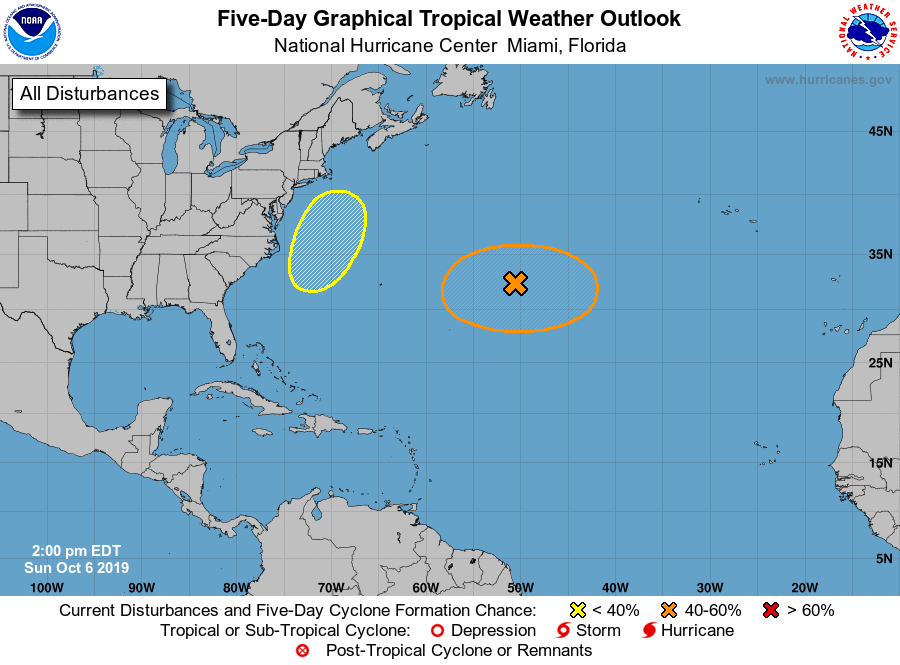
For the North Atlantic...Caribbean Sea and the Gulf of Mexico:

1. A non-tropical low pressure system is expected to develop along a frontal boundary over the central Atlantic Ocean between Bermuda and the Azores during the next day or two. Gradual development of this system is possible while it moves slowly westward, and a tropical or subtropical depression could form by the middle of the week before upper-level winds become unfavorable.
* Formation chance through 48 hours...low...20 percent.
* Formation chance through 5 days...medium...50 percent.

2. Another non-tropical low pressure system is forecast to develop over the western North Atlantic between Bermuda and the east coast of the United States by the middle of the week. The low could acquire some subtropical characteristics later in the week while it meanders off the east coast of the United States.
* Formation chance through 48 hours...low...near 0 percent.
* Formation chance through 5 days...low...30 percent.

Forecaster Berg